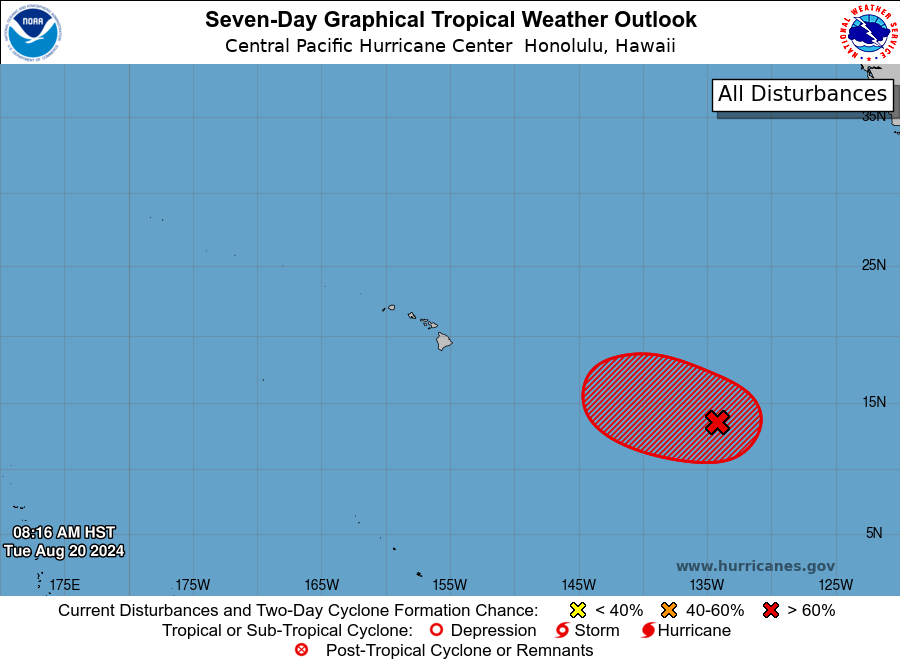
For the central North Pacific...between 140W and 180W:

Approximately 1450 miles east-southeast of Hilo Hawaii (EP90/E91): A large area of disorganized showers and thunderstorms is associated with two disturbances over the western portion of the East Pacific basin. These systems are expected to merge tonight, and gradual development is anticipated after they merge. A tropical depression will likely form during the next day or so while it moves generally westward at 10 to 15 mph. the system is then expected to strengthen as it moves across the central pacific basin late this week and move near the Hawaiian Islands late this weekend or early next week.

1. While it is too early to determine the exact location and magnitude of potential impacts, interests in Hawaii should closely monitor this disturbance. For marine forecasts, including gale warnings, see High Seas Forecasts issued by the National Weather Service.
* Formation chance through 48 hours...high...90 percent.
* Formation chance through 7 days...high...90 percent.

Elsewhere, no tropical cyclones are expected during the next 7 days.

High Seas Forecasts issued by the National Weather Service can be found under AWIPS header NFDHSFEPI, WMO header FZPN02 KWBC, and on the web at ocean.weather.gov/shtml/NFDHSFEPI.php

The Tropical Weather Outlook for the Eastern Pacific basin can be found under AWIPS header HFOTWOEP and WMO header ABPZ20 KNHC and on the web at hurricanes.gov

Forecaster JVC